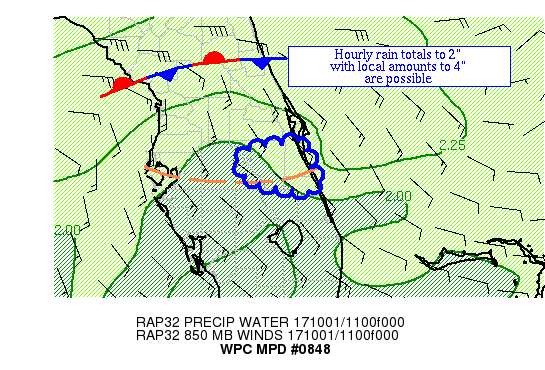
AREAS AFFECTED...EAST-CENTRAL FL

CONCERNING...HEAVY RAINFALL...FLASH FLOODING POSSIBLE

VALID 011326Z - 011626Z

SUMMARY...A SHORT TRAINING BAND OF THUNDERSTORMS COULD GROW IN
SIZE/EXPAND OVER THE NEXT FEW HOURS BEFORE LOW-LEVEL CONVERGENCE
WEAKENS.  HOURLY RAIN TOTALS TO 2" WITH LOCAL AMOUNTS TO 4" ARE
POSSIBLE.

DISCUSSION...A SHORT AND NARROW BAND OF SHOWERS AND THUNDERSTORMS
APPEARS STALLED NEAR MELBOURNE FL.  THE SURFACE ANALYSIS REVEALS A
CONVERGENCE ZONE/TROUGH IN ITS VICINITY WHICH EXTENDS ACROSS
CENTRAL FL.  PRECIPITABLE WATER VALUES OF 2-2.2" LIE ACROSS THE
REGION.  THE AREA IS NEAR THE BASE OF A SHORTWAVE ALOFT MOVING
THROUGH THE CAROLINAS, WHICH IS AIDING DIVERGENCE ALOFT.  INFLOW
AT 850 HPA IS CONVERGENT AT 15+ KTS INTO THE REGION PER VAD WIND
PROFILES, WHICH IS IMPORTING ML CAPE VALUES OF 1000-1500 J/KG INTO
THE REGION.  EFFECTIVE BULK SHEAR IS 20-25 KTS PER SPC
MESOANALYSES WHICH IS HELPING TO ORGANIZE THE THUNDERSTORM BAND.

THE 00Z NMMB GUIDANCE APPEARS TO BE MODELING THIS AREA OF
THUNDERSTORMS BEST, WHICH ADVERTISES LOCAL AMOUNTS OF ~4".  WITH
THE ML CAPE VALUES EXPECTED TO REMAIN STATIC THIS PERIOD, THE
QUESTION BECOMES HOW LONG THE BOUNDARY LAYER MOISTURE CONVERGENCE
ACROSS THE REGION REMAINS.  RAP MASS FIELDS HAVE BEEN SHOWING IT
EITHER PULSING OR WEAKENING OVER THE NEXT FEW HOURS, SO USED A
THREE HOUR HORIZON FOR THE MPD.  HOURLY RAIN TOTALS OF 2" WITH
LOCAL AMOUNTS TO 4" APPEAR POSSIBLE.